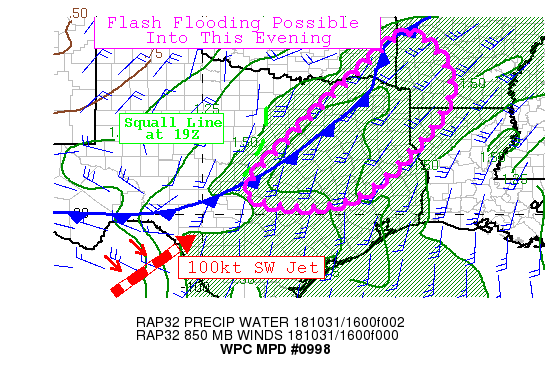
Areas affected...ArkLaTexOma

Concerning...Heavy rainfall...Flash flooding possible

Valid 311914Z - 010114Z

Summary...Convergence of tropical moisture with a surface cold
front with a jet streak entering from the south will raise a flash
flood threat with hourly rates of up to 2 inches possible into
this evening.

Discussion...A cold front driven by widespread convective activity
across north TX (with a squall shifting east across north TX this
afternoon) and southeast OK will continue to drift east/southeast
over northeast TX and into AR/LA into this evening. Surface based
activity ahead of the front will encounter instability of 1500
J/kg per latest RAP mesoanalysis in a zone of low 70 degree
dewpoints. PWATs are on the order of 1.6-1.8" per 18Z GPS data,
which is 2 standard deviations above normal. Furthermore, a 100kt
SWly jet is nosing into south TX per 250mb and above derived
motion winds from GOES-16.

A favorable flash flood setup is developing over Northeast TX and
farther northeast into AR/LA with low level moisture convergence,
mid level flow parallel to the surface front, and increasingly the
left exit of the jet that will drift southeast over south TX per
12Z guidance consensus. Am in agreement with recent HRRR runs
highlighting this area with potential excessive rain despite near
or below normal rainfall in the past week for much of the threat
area.

Activity has remained progressive this afternoon across north TX
and since rain cooled air continues to win the battle at the
front, so the flash flood threat should be isolated going into
this evening with localized rain rates up to 2 in/hr.